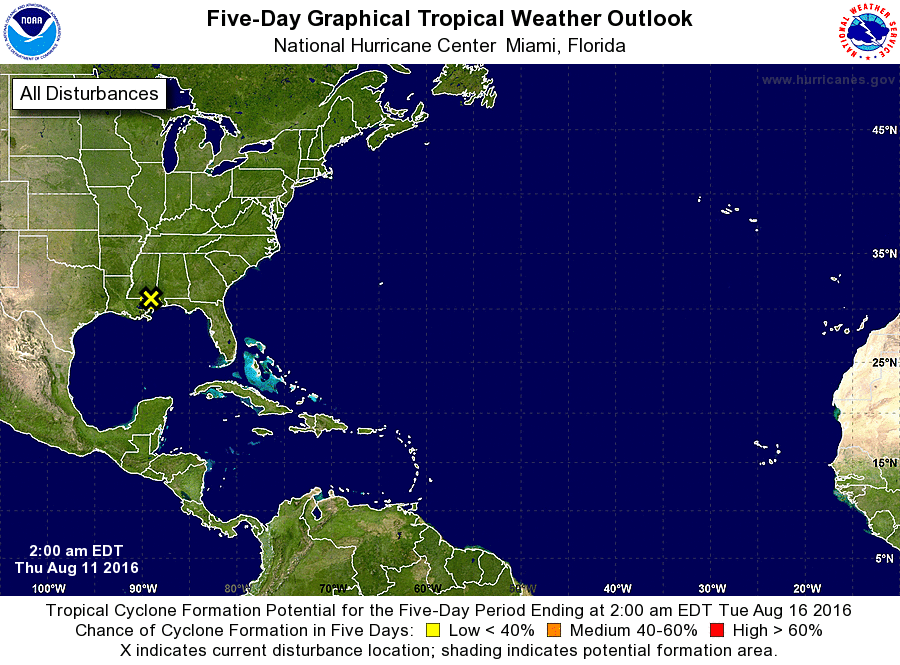
For the North Atlantic...Caribbean Sea and the Gulf of Mexico:

1. A broad area of low pressure now located over southern Mississippi continues to produce a large area of cloudiness and showers over much of the northern Gulf of Mexico and adjacent land areas. This system is forecast to move northwestward and farther inland later today with little or no development expected. However, locally heavy rainfall is possible along portions of the northern coastal areas of the Gulf of Mexico during the next couple of days.
* Formation chance through 48 hours...low...near 0 percent
* Formation chance through 5 days...low...near 0 percent

Forecaster Cangialosi